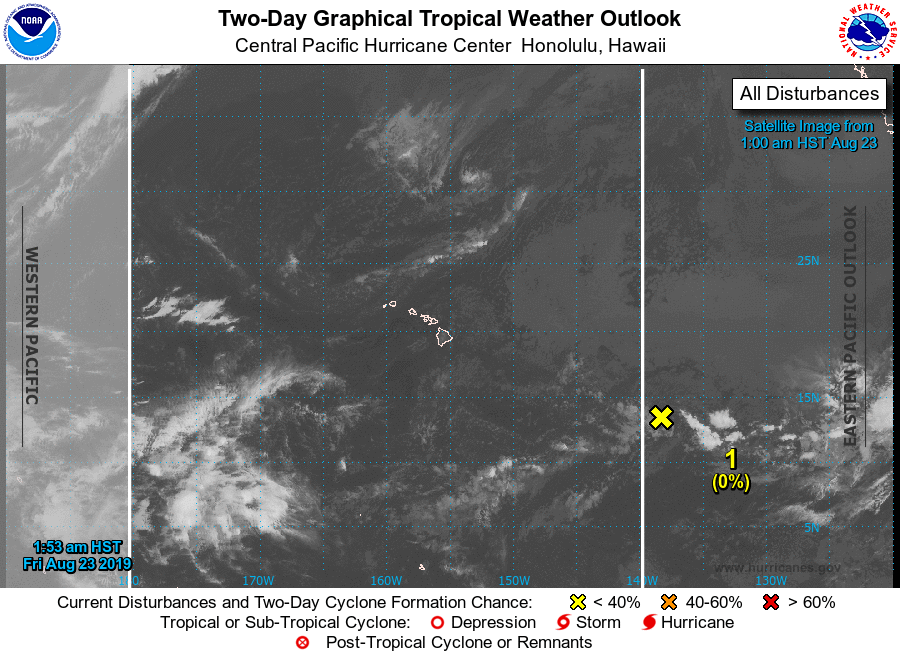
For the central North Pacific...between 140W and 180W:

1. A surface trough located about 1000 miles east-southeast of the Big Island of Hawaii is producing disorganized cloudiness and showers. Although this disturbance is not currently showing any signs of development, environmental conditions could become a little more conducive for some development in the central Pacific basin well to the east of the Hawaiian Islands in a few days as the system moves slowly northwestward.
* Formation chance through 48 hours...low...near 0 percent.
* Formation chance through 5 days...low...30 percent.

Elsewhere, no tropical cyclones are expected during the next 5 days.

Forecaster Kino